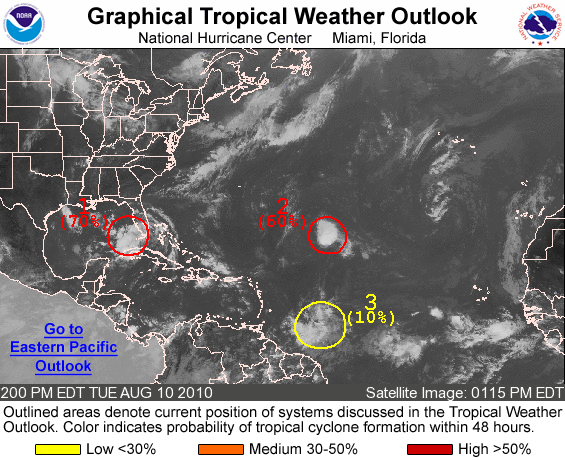
FOR THE NORTH ATLANTIC...CARIBBEAN SEA AND THE GULF OF MEXICO...

1. A LOW PRESSURE SYSTEM LOCATED OVER THE SOUTHEASTERN GULF OF MEXICO...ABOUT 100 MILES WEST OF SOUTHWEST COAST OF THE FLORIDA PENINSULA...IS ACCOMPANIED BY A LARGE AREA OF SHOWERS AND SQUALLS. SATELLITE IMAGES INDICATE THAT THERE HAS BEEN A GRADUAL INCREASE IN ORGANIZATION TODAY. HOWEVER...THE ENVIRONMENT IS NOT IDEAL FOR SIGNIFICANT DEVELOPMENT. AN AIR FORCE PLANE IS APPROACHING THE SYSTEM AND WILL HELP TO DETERMINE IF A TROPICAL DEPRESSION IS FORMING...AND IF SO...WATCHES OR WARNINGS COULD BE REQUIRED FOR A PORTION OF THE NORTHERN GULF OF MEXICO COAST AS EARLY AS THIS AFTERNOON. THERE IS A HIGH CHANCE...70 PERCENT...OF THIS SYSTEM BECOMING A TROPICAL CYCLONE DURING THE NEXT 48 HOURS AS IT MOVES WEST-NORTHWESTWARD AT 5 TO 10 MPH.

2. ALTHOUGH SHOWER ACTIVITY ASSOCIATED WITH A LOW PRESSURE SYSTEM ABOUT 850 MILES EAST-NORTHEAST OF THE LEEWARDS ISLANDS HAS INCREASED A LITTLE TODAY...THE SYSTEM REMAINS DISORGANIZED. THE LOW IS FORECAST TO MOVE TOWARD AN ENVIRONMENT THAT DOES NOT APPEAR FAVORABLE FOR SIGNIFICANT DEVELOPMENT. HOWEVER...MANY OF THE GLOBAL MODELS CONTINUE TO FORECAST FORMATION. THERE IS STILL A HIGH CHANCE...60 PERCENT...OF THIS SYSTEM BECOMING A TROPICAL CYCLONE DURING THE NEXT 48 HOURS AS IT MOVES TOWARD THE NORTH AND NORTH NORTHEAST OVER THE ATLANTIC.

3. CLOUDINESS AND SHOWERS ASSOCIATED WITH A TROPICAL WAVE LOCATED ABOUT 700 MILES EAST OF THE SOUTHERN WINDWARD ISLANDS IS MOVING WESTWARD AT ABOUT 10 TO 15 MPH. DEVELOPMENT...IF ANY...WILL BE SLOW TO OCCUR. THERE IS A LOW CHANCE...10 PERCENT...OF THIS SYSTEM BECOMING A TROPICAL CYCLONE DURING THE NEXT 48 HOURS.

ELSEWHERE...TROPICAL CYCLONE FORMATION IS NOT EXPECTED DURING THE NEXT 48 HOURS.

FORECASTER AVILA